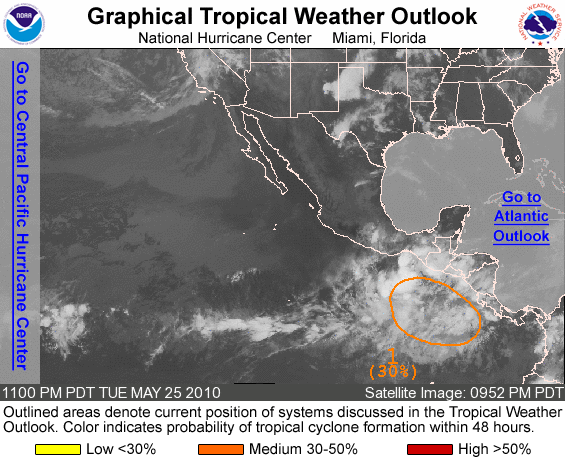
FOR THE EASTERN NORTH PACIFIC...EAST OF 140 DEGREES WEST LONGITUDE..

1. A LARGE AREA OF DISTURBED WEATHER CENTERED A FEW HUNDRED MILES SOUTH OF EL SALVADOR IN CENTRAL AMERICA REMAINS DISORGANIZED. HOWEVER... ENVIRONMENTAL CONDITIONS APPEAR TO BE FAVORABLE FOR SOME DEVELOPMENT AS THE DISTURBANCE DRIFTS TOWARD THE NORTHWEST DURING THE NEXT DAY OR TWO. THIS SYSTEM HAS THE POTENTIAL TO PRODUCE LOCALLY HEAVY RAINS AND FLOODING OVER PORTIONS OF CENTRAL AMERICA DURING THE NEXT FEW DAYS. THERE IS A MEDIUM CHANCE...30 PERCENT...OF THIS SYSTEM BECOMING A TROPICAL CYCLONE DURING THE NEXT 48 HOURS.

ELSEWHERE...TROPICAL CYCLONE FORMATION IS NOT EXPECTED DURING THE NEXT 48 HOURS.

FORECASTER AVILA